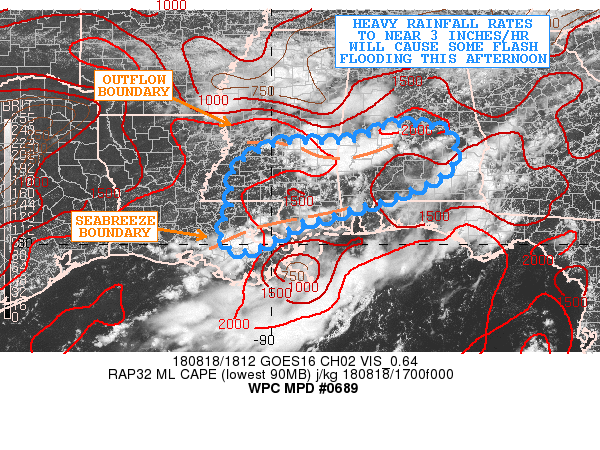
Areas affected...Portions of Eastern LA...Central/Southern
MS...Central /Southwest AL

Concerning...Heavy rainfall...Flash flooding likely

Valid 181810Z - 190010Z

Summary...Very heavy showers and thunderstorms with rainfall rates
to near 3 inches/hr will result in some flash flooding this
afternoon.

Discussion...Radar imagery is showing a notable expansion of
shower and thunderstorm activity across areas of eastern LA,
central/southern MS, and over into west-central AL as strong
diurnal heating is promoting a moderate to strongly unstable
boundary layer. MLCAPE values are on the order of 2000 to 2500
j/kg, with the instability axis now essentially focused in between
mesoscale boundaries with a seabreeze boundary trying to lift
north from the Gulf Coast and a convectively driven outflow
boundary farther north.

GOES-16 visible satellite imagery shows a highly agitated CU/TCU
field in between the boundaries across southern MS and southwest
AL. Heavy showers and thunderstorms will be developing across
these areas this afternoon, and convection is expected to become
rather organized as it is likely that the aforementioned mesoscale
boundaries will gradually merge later this afternoon.

PWATS remain very high with values near or even above 2.25 inches,
with 12Z RAOB data confirming a highly concentrated degree of
moisture in the 700/300 mb layer. This will promote highly
efficient rainfall processes for enhanced rainfall rates. Given
the degree of boundary layer instability, and expectation of deep
cold convective tops, rainfall rates are expected to be quite
impressive and upwards of 3 inches/hr.

The 12Z hires model consensus and repeated runs of the HRRR
strongly support heavy rainfall totals going through the afternoon
hours. Expect as much as 3 to 6 inches of rain, with the heaviest
amounts occurring in vicinity of cell-mergers. Some flash flooding
will be likely given these totals.